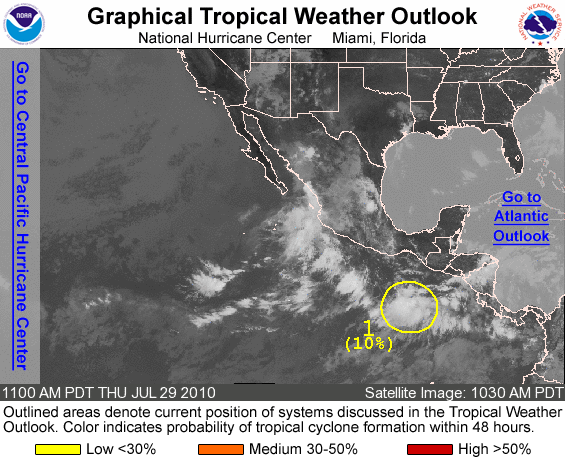
FOR THE EASTERN NORTH PACIFIC...EAST OF 140 DEGREES WEST LONGITUDE..

1. CLOUDINESS AND SHOWERS ASSOCIATED WITH A BROAD AREA OF LOW PRESSURE LOCATED A COUPLE HUNDRED MILES SOUTH OF THE GULF OF TEHUANTEPEC HAVE CHANGED LITTLE IN ORGANIZATION OVER THE PAST SEVERAL HOURS. ANY DEVELOPMENT OF THIS DISTURBANCE IS EXPECTED TO BE SLOW TO OCCUR AS IT MOVES WESTWARD OR WEST-NORTHWESTWARD AT 10 TO 15 MPH. THERE IS A LOW CHANCE...10 PERCENT...OF THIS SYSTEM BECOMING A TROPICAL CYCLONE DURING THE NEXT 48 HOURS.

ELSEWHERE...TROPICAL CYCLONE FORMATION IS NOT EXPECTED DURING THE NEXT 48 HOURS.

FORECASTER PASCH